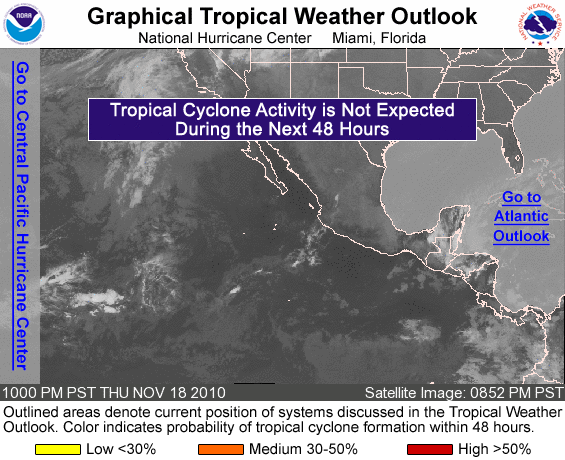
FOR THE EASTERN NORTH PACIFIC...EAST OF 140 DEGREES WEST LONGITUDE..

TROPICAL CYCLONE FORMATION IS NOT EXPECTED DURING THE NEXT 48 HOURS.

FORECASTER STEWART